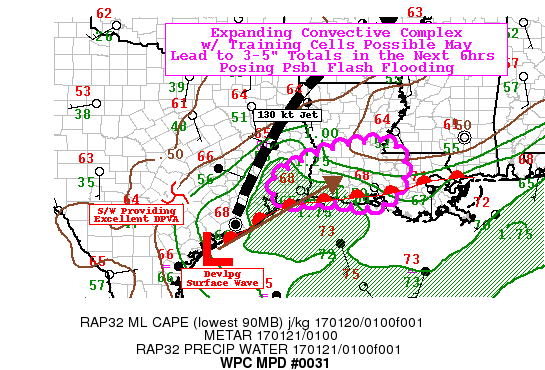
AREAS AFFECTED...SOUTHERN LA...EXT SOUTHEAST TX...EXT SOUTHWEST MS

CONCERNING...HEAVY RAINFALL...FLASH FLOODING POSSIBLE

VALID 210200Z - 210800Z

SUMMARY...DEVELOPING COMPLEX MAY EXPAND DOWNSTREAM TO ALLOW
TRAINING OF CONVECTION ALONG THE WARM FRONT INTO LA THROUGH LATE
EVENING/EARLY MORNING HOURS.

DISCUSSION...WV LOOP SHOWS APEX OF ANTI-CYCLONIC JET STREAK
EXITING NORTHERN LA ATTM WITH A WEAK VORTICITY TWIST IN THE
MID-LEVEL CROSSING OUT OF THE HILL COUNTY OF TX.  THIS HAS DUALLY
SUPPORTED AMPLE DPVA AS WELL AS RIGHT JET ENTRANCE ASCENT FORCING
FOR A SMALL AREA OF STRONG DYNAMIC ASCENT.  THIS HAS SPURRED
SURFACE PRESSURE FALLS OVER SE TX AND STRENGTHENED SURFACE FLOW
AND BROAD CONVERGENCE THAT IS ISALLOBARICALLY ENHANCED PROVIDING
STRONG MST FLUX AND THE CAPABILITY FOR STRONG AND LARGE UPDRAFT
CORES.  FLUX OF SFC TDS AROUND 70 OFF THE GULF ALONG SUPPORTS RAIN
RATES OVER 2"/HR.  AS THE CONVECTION SE OF THE HOUSTON METROPLEX
IS EXPANDING THE OUTFLOW FROM THE FORWARD FLANK DOWNDRAFTS HAS
SHARPENED THE FRONTAL ZONE ALONG THE COAST AND EXPANDED NEW
CONVECTIVE DEVELOPMENT DOWN STREAM...ORIENTED IDEALLY GIVEN THE
CURRENT STEERING FLOW PARALLEL TO THE COAST AND DIRECTED TOWARD
THE I-10 CORRIDOR IN W LA THEN THE SW POINT OF MS WITH TIME.  WITH
RATES OF 2"/HR AND THE TRAINING IT IS NOT OUT OF THE REALM OF
POSSIBILITY FOR TOTALS OF 4-5" OVER THE NEXT 3 HOURS ACROSS SE TX
INTO SW LA.

AS TIME PROGRESSES AND THE SURFACE LOW CONTINUES TO DEEPEN...THE
WARM FRONT ALONG THE LA COAST SHOULD LIFT NORTH AND CONTINUE TO
ACT AS MST CONVERGENCE FOCUS FOR CONTINUED DEVELOPMENT AS THE
UPPER LOW AND RIGHT ENTRANCE REGION TO THE 130 KT JET EXITS INTO
THE TN VALLEY REGION.  THE POTENTIAL POSITIVE IS THAT INCREASED
INSTABILITY IN THE WARM SECTOR OVER THE GULF MAY FOCUS NEW
DEVELOPMENT OFF/ALONG SHORE...POTENTIALLY ROBBING THE BEST MST
FLUX/CONVERGENCE ALONG THE FRONT NORTH OF I-10 AND REDUCING THE
THREAT FOR TRAINING/FLASH FLOODING THERE.  THE CONVECTION ACROSS
THE GULF WOULD BE A BIT MORE SCATTERED AND LESS IDEALLY ALIGNED
FOR TRAINING AS THE OVERALL WAVE CONTINUES TO PROGRESS EAST
ADDITIONALLY AFFECTING AREAS NEARER THE COAST WITH THE ABILITY TO
RETAIN RAINFALL/RATES OF THESE MAGNITUDES (IE HIGHER FFG VALUES).
 HI-RES CAMS SPLIT THESE SETUPS WITH THE
NSSL-WRF/WRF-NMMB/HRRR-EXP SUGGESTING THE INITIAL TRAINING SETUP
AND THE HRRR/ARW SUGGESTING OFFSHORE DEVELOPMENT.  THIS DOES NOT
PROVIDE CONFIDENCE IN ONE CAMP OVER THE OTHER...BUT CURRENT TRENDS
IN IR/WV WOULD SUGGEST THE NSSL-WRF AND MORE WORSE CASE SCENARIO
MAY UNFOLD.  STILL WITH CONFIDENCE BEING LOWER...CONDITIONS ONLY
SUGGEST FLASH FLOODING MAY BE POSSIBLE NOT LIKELY AT THIS TIME.